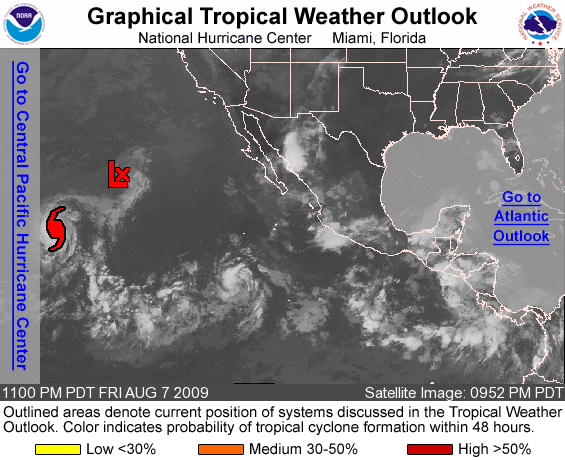
FOR THE EASTERN NORTH PACIFIC...EAST OF 140 DEGREES WEST LONGITUDE..

THE NATIONAL HURRICANE CENTER IS ISSUING ADVISORIES ON HURRICANE FELICIA...LOCATED ABOUT 1115 MILES EAST OF HILO HAWAII.

ELSEWHERE...TROPICAL CYCLONE FORMATION IS NOT EXPECTED DURING THE NEXT 48 HOURS.

FORECASTER AVILA